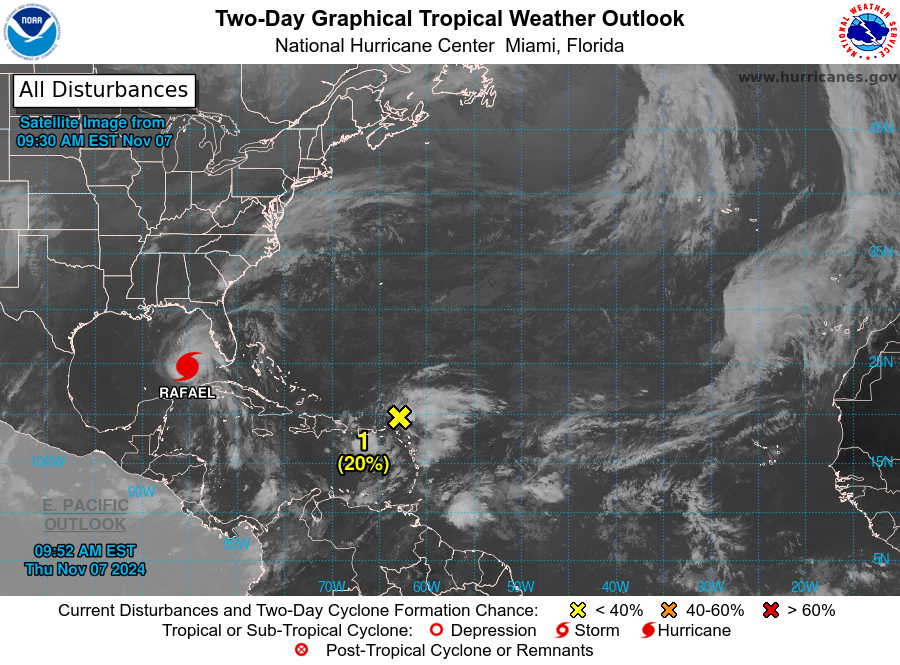
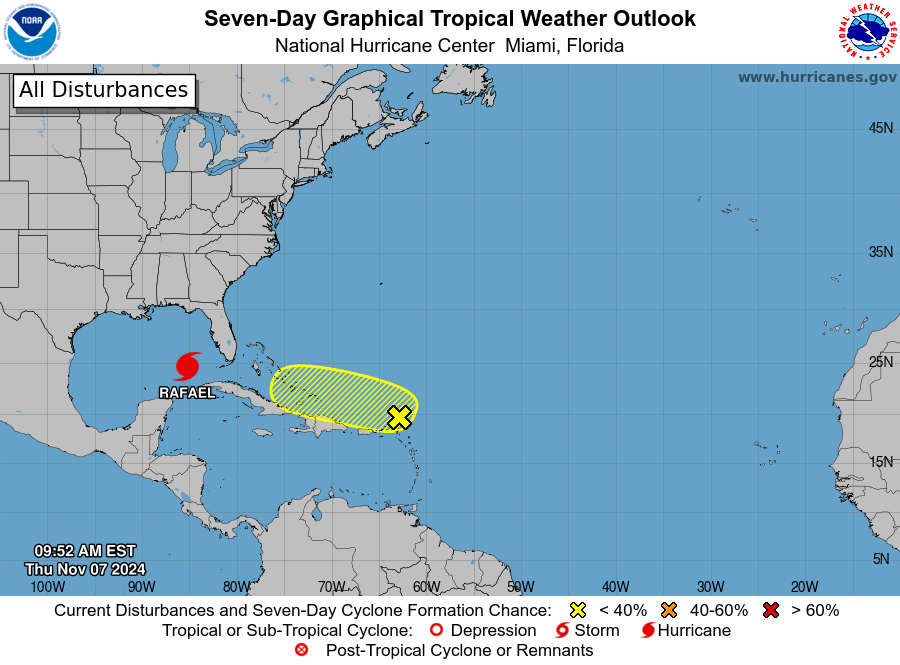
For the North Atlantic...Caribbean Sea and the Gulf of Mexico:

Active Systems: The National Hurricane Center is issuing advisories on Hurricane Rafael, located over the southeastern Gulf of Mexico.

1. Near the Leeward Islands: A trough of low pressure over the northern Leeward Islands continues to produce disorganized showers and thunderstorms. Some gradual development of this system is possible during the next couple of days while it moves westward near the Greater Antilles. Regardless of development, locally heavy rains are possible across the northern Leeward Islands, the Virgin Islands, Puerto Rico, Hispaniola, and the southeastern Bahamas through Saturday.
* Formation chance through 48 hours...low...20 percent.
* Formation chance through 7 days...low...20 percent.

Forecaster Bucci